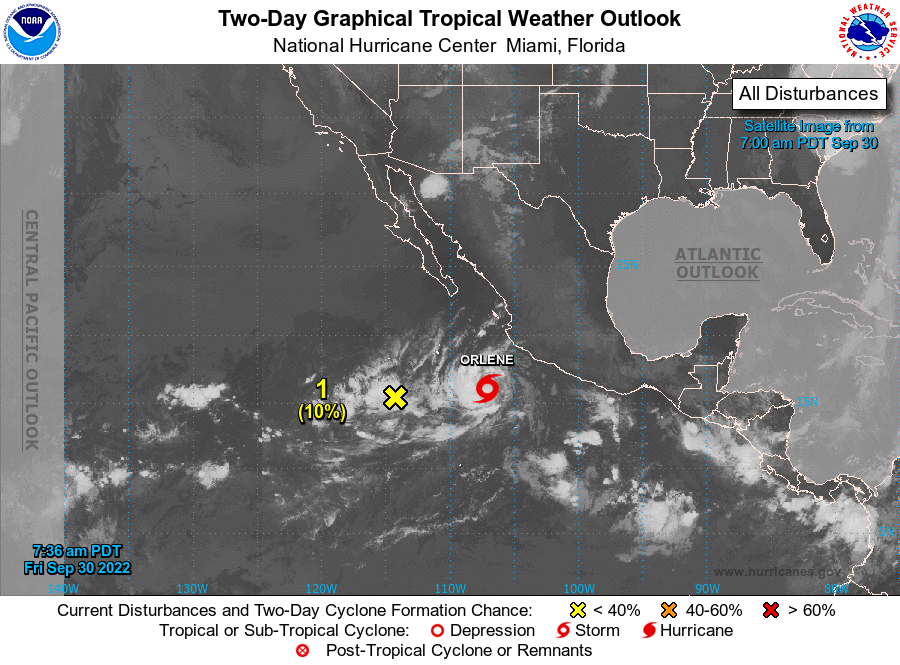
For the eastern North Pacific...east of 140 degrees west longitude:

Active Systems: The National Hurricane Center is issuing advisories on Tropical Storm Orlene, located a few hundred miles southwest of Manzanillo, Mexico.

1. South-southwest of the Baja California Peninsula: An area of disturbed weather has formed about 600 miles south-southwest of the southern tip of the Baja California peninsula. Slow development of this system is possible during the next several days as it moves slowly northeastward or northward.
* Formation chance through 48 hours...low...10 percent.
* Formation chance through 5 days...low...30 percent.

Forecaster Beven